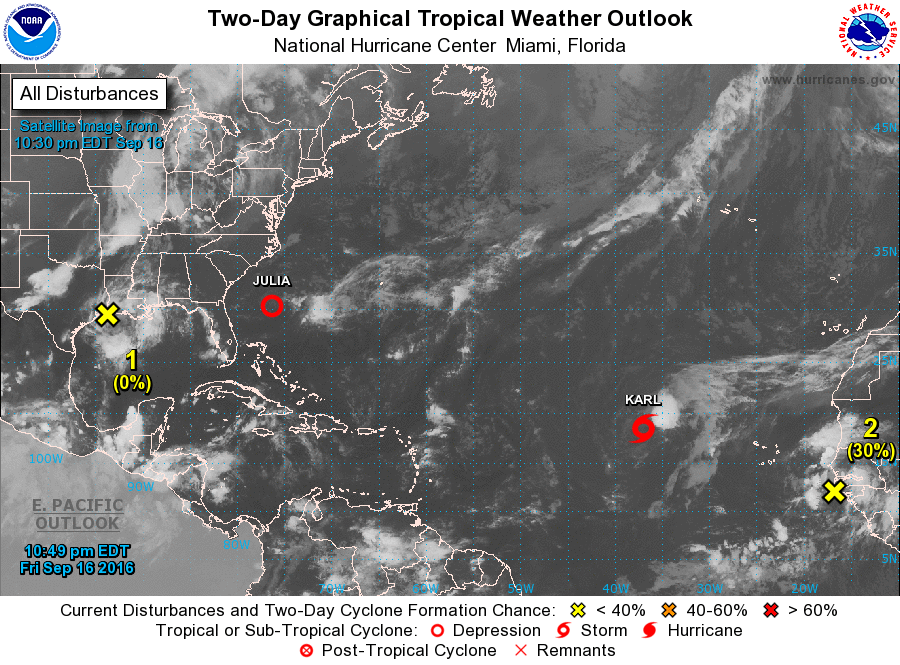
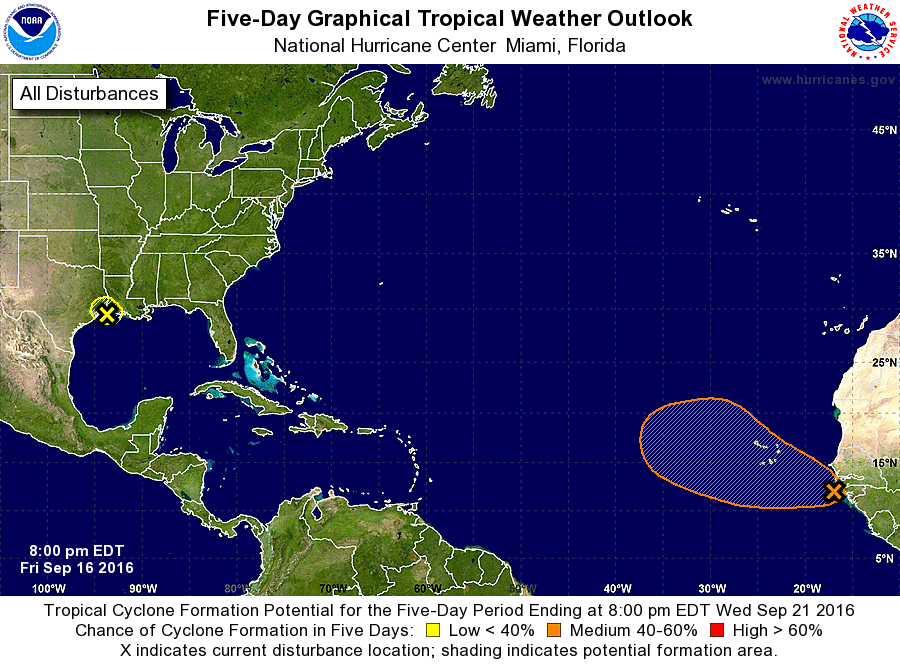
For the North Atlantic...Caribbean Sea and the Gulf of Mexico:

The National Hurricane Center is issuing advisories on Tropical Storm Julia, located offshore of the South Carolina coast, and on Tropical Storm Karl, located several hundred miles west-northwest of the Cabo Verde Islands.

1. A trough of low pressure has moved inland over southeast Texas and extreme southwestern Louisiana, but some shower activity is still lingering along the northern portion of the Gulf of Mexico. Development of this system is not anticipated.
* Formation chance through 48 hours...low...near 0 percent
* Formation chance through 5 days...low...near 0 percent

2. A tropical wave is about to move off of the west coast of Africa accompanied by disorganized shower activity. Some development of this system is possible before conditions become less favorable for tropical cyclone formation by the middle of next week while the system moves west-northwestward over the eastern tropical Atlantic.
* Formation chance through 48 hours...low...30 percent
* Formation chance through 5 days...medium...50 percent

Forecaster Avila